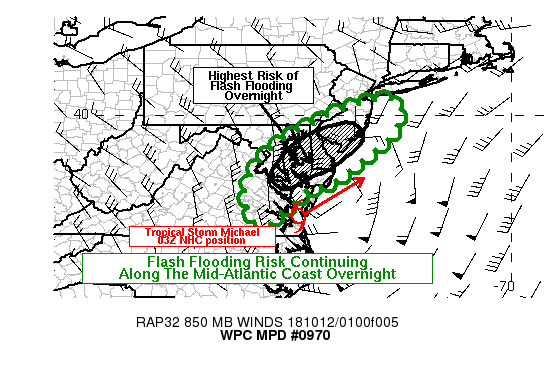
Areas affected...Mid Atlanic Region

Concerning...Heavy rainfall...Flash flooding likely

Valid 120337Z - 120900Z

Summary...Tropical Storm Michael will move northeast from near the
southern tip of the Delmarva peninsula and eventually pull out to
sea.  Intense rainfall will result in the risk of flash flooding
continuing along the Mid-Atlantic Coast overnight.   Bands of
heavy rainfall are likely to lead to flash flooding, particularly
where they intersect urban areas.

Discussion...As of 03Z, regional radars continued to show a very
strong rain band situated from the southern Delmarva into parts of
far eastern Virginia and southern Maryland. This region was
located to the north of the center of Tropical Storm Michael.
MRMS and area radars have shown dual pol rainfall estimates that
have occasionally reached as high as 3 in/hr rain rates with this
band. Thinking is that an increasing amount of frontogenesis
should continue to focus a significant rain band into the
overnight hours just north and northwest of the projected path of
Michael's center. This left-of-track rainfall pattern is
consistent with conceptual models of a tropical cyclone
interacting with an approaching front in this way.

GPS-derived Precipitable Water values over the southeast corner of
Virginia and immediately offshore were still around 2.2 inches,
and thus the supply of deep tropical moisture should also be able
to sustain significant rain rates, exceeding 2 in/hr in many spots
and reaching 3-4 in/hr in localized areas. This will lead to
widespread flash flooding wherever the focused rain band
traverses, and is also high enough to potentially lead to more
severe, life-threatening flash flooding.

Elsewhere, along and south of the track of Michael, the tail end
of some inflow rain bands should sweep through the
eastern/southeastern portion of Virginia into the early morning
hours.  These bands should be more progressive and are less likely
to linger in any one spot, but the instantaneous rain rates are
expected to remain high until the instability is swept out of the
area.